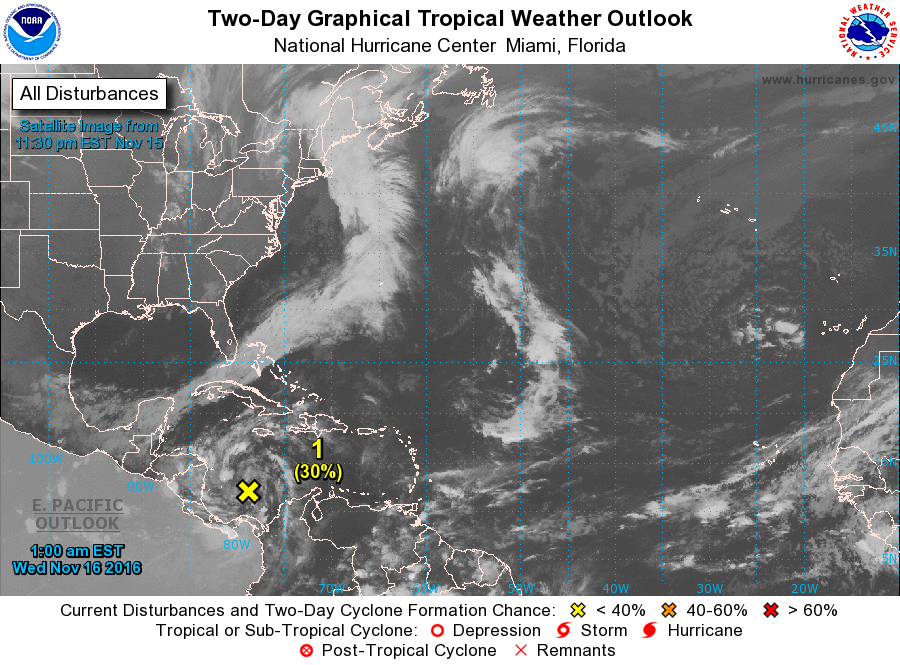
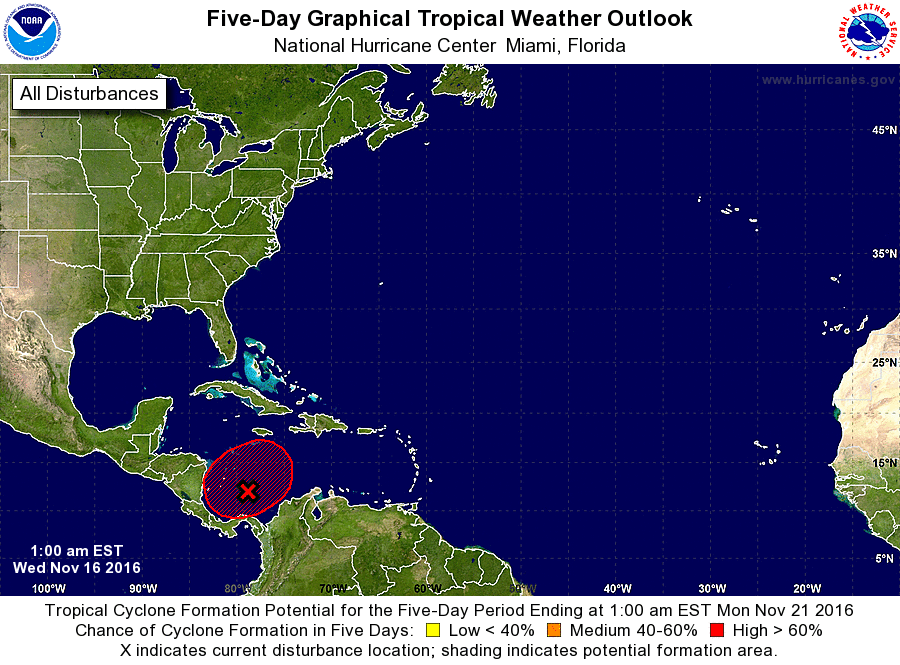
For the North Atlantic...Caribbean Sea and the Gulf of Mexico:

1. A large area of cloudiness and showers over the southwestern Caribbean Sea are associated with a broad low pressure system. Environmental conditions are expected to be conducive for slow development of this system during the next several days, and a tropical depression is likely to form late this week or over the weekend while the low moves little.
* Formation chance through 48 hours...low...30 percent
* Formation chance through 5 days...high...80 percent

Forecaster Cangialosi